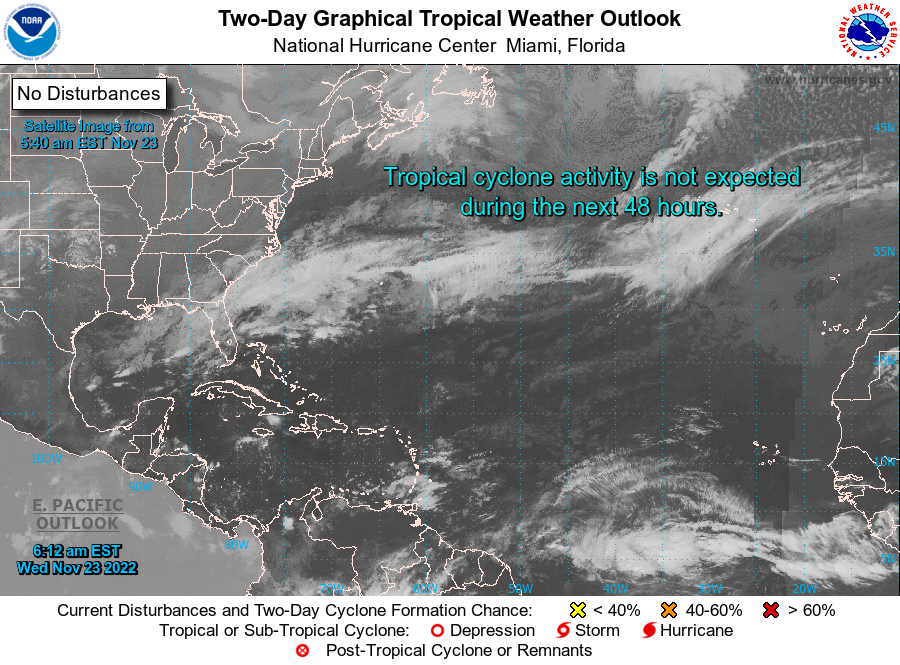
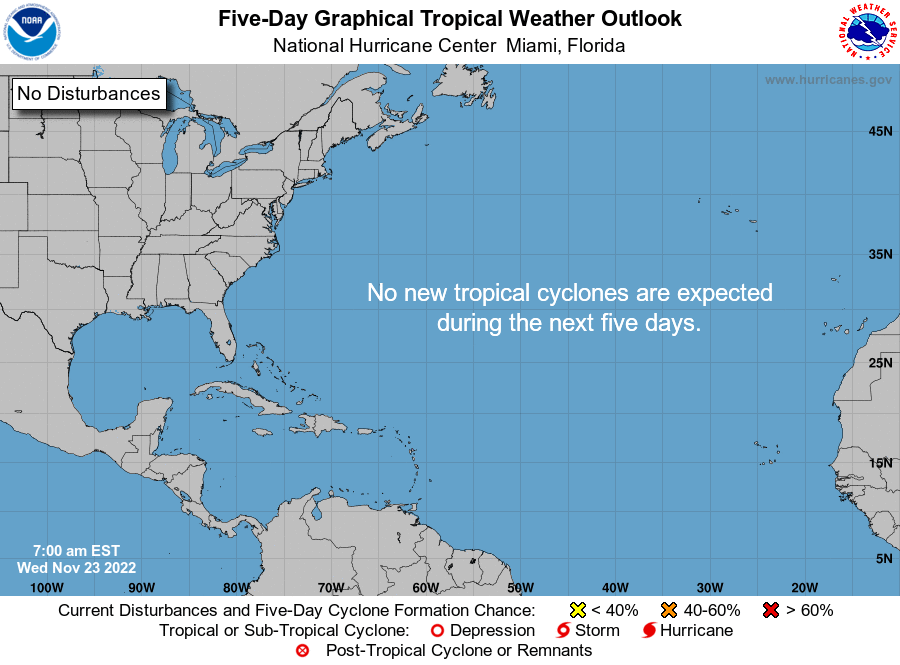
For the North Atlantic...Caribbean Sea and the Gulf of Mexico:

Tropical cyclone formation is not expected during the next 5 days.

Forecaster Brown